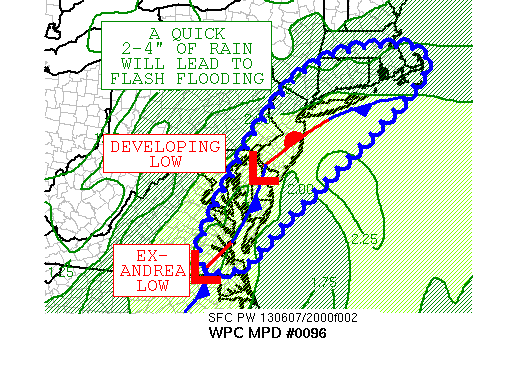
AREAS AFFECTED...SOUTHEAST VA...EASTERN MD...DE...NJ...LONG ISLAND
NY...CT...RI...SOUTHEAST MA

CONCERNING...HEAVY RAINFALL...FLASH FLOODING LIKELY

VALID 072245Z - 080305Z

SUMMARY...VERY HEAVY RAINFALL CONTINUES TO STREAM NORTHEAST OF THE
CENTER OF ANDREA -- NOW A POST- TROPICAL CYCLONE -- AND A SECOND
LOW PRESSURE AREA MOVING INTO NJ ALONG A STATIONARY FRONT.  THE
SYSTEM HAS A HISTORY OF FLASH FLOODING FROM NC INTO THE EASTERN
MID-ATLANTIC STATES.

DISCUSSION...A VERY MOIST AIR MASS IS PRESENT NEAR AND WELL
NORTHEAST OF THE CENTER OF WHAT WAS ONCE TROPICAL CYCLONE ANDREA
WHICH HAS NOW COMPLETED EXTRATROPICAL TRANSITION AND BECOME A
COASTAL LOW.  A SECOND LOW PRESSURE AREA TO ITS NORTHEAST IS
MOVING INTO SOUTHWEST NJ.  THE SYSTEMS ARE LINKED BY A FRONTAL
ZONE WHICH IS EDGING EASTWARD TOWARDS THE WESTERN ATLANTIC.
PRECIPITABLE WATER VALUES -- PW -- LIE BETWEEN 2-2.5 INCHES WHICH
IS NEAR THE 99TH PERCENTILE FOR THE REGION DURING THE MONTH OF
JUNE.  A BAND OF CONVECTION EXTENDS ALONG THE FRONT FROM SOUTHEAST
VA NORTHEAST ACROSS THE EASTERN SHORE OF THE CHESAPEAKE, NJ, AND
LONG ISLAND TOWARDS SOUTHERN NEW ENGLAND ALONG A STATIONARY FRONT
WHERE LOW- TO MID-LEVEL FRONTOGENESIS IS PRESENT AND IS EXPECTED
TO INTENSIFY INTO TONIGHT WHICH COULD INCREASE PRECIPITATION
EFFICIENCY ACROSS THE REGION, PARTICULARLY SOUTHERN NEW ENGLAND.
BROAD DIVERGENCE EXISTS OVER THE REGION EAST OF AN UPPER LEVEL
TROUGH.  LOCAL RAINFALL AMOUNTS OF 2-4 INCHES WITHIN A FEW HOURS
WILL LEAD TO FLASH FLOODING WITHIN THIS REGION, PARTICULARLY URBAN
AREAS OF SOUTHEAST VA, DE, NJ, LONG ISLAND NY, AND SOUTHERN NEW
ENGLAND, SO HAVE INDICATED THE LIKELY CATEGORY FOR THIS AREA.